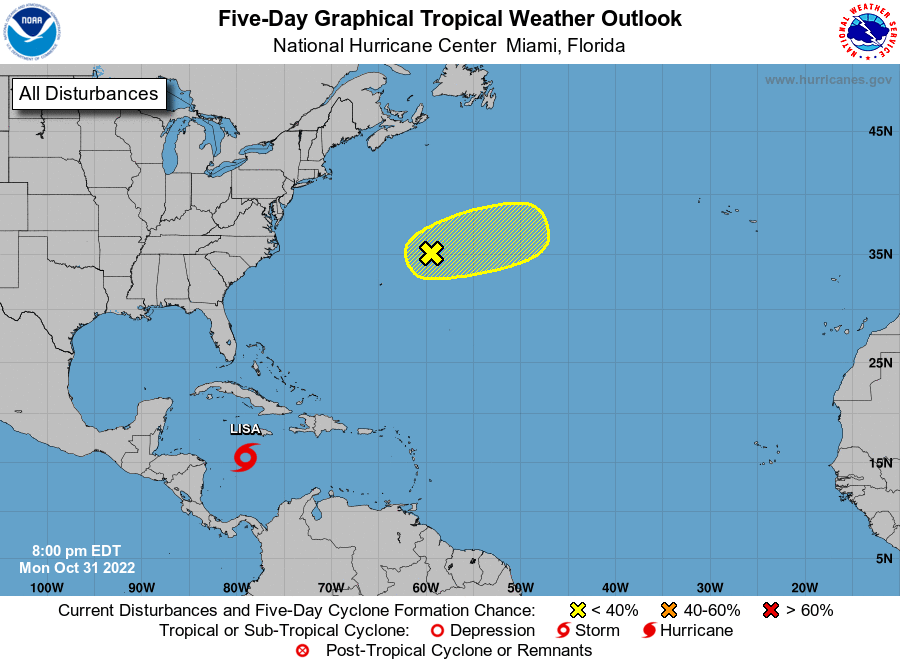
For the North Atlantic...Caribbean Sea and the Gulf of Mexico:

Active Systems: The National Hurricane Center is issuing advisories on Tropical Storm Lisa, located over the central Caribbean Sea.

1. Central Subtropical Atlantic: A non-tropical area of low pressure is located about 350 miles northeast of Bermuda. Shower and thunderstorm activity, while not well-organized, has persisted near the center of the low today and the system is producing gale-force winds near its center. Some tropical or subtropical development is possible tonight through early Thursday while the low moves generally east-northeastward. On Thursday, the system is expected to become fully extratropical and merge with a larger non-tropical low over the north-central Atlantic. For more information on this system, including Gale Warnings, see High Seas Forecasts issued by the National Weather Service.
* Formation chance through 48 hours...low...30 percent.
* Formation chance through 5 days...low...30 percent.

High Seas Forecasts issued by the National Weather Service can be found under AWIPS header NFDHSFAT1, WMO header FZNT01 KWBC, and online at ocean.weather.gov/shtml/NFDHSFAT1.php

Forecaster D. Zelinsky